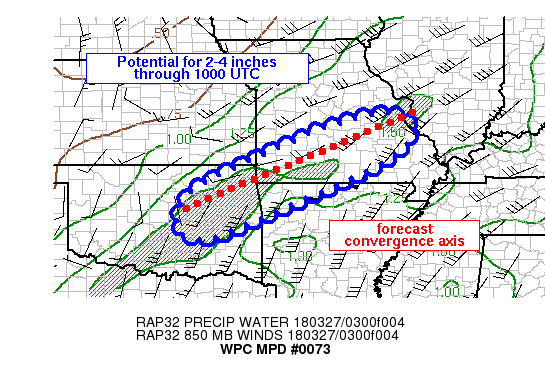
AREAS AFFECTED...NERN OK...NWRN AR...SRN MO

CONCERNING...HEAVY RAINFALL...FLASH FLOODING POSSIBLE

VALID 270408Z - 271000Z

SUMMARY...A SOUTHWEST TO NORTHEAST ORIENTED AXIS OF HEAVY RAINFALL
IS EXPECTED FROM NORTHEASTERN OKLAHOMA INTO NORTHWESTERN ARKANSAS
AND SOUTHERN MISSOURI THROUGH 10Z. RAINFALL RATES OF 1-2 IN/HR AND
6 HOUR TOTALS OF 2-4 INCHES WILL BE POSSIBLE.

DISCUSSION...REGIONAL RADAR BETWEEN 02-04Z SHOWED A CLUSTER OF
THUNDERSTORMS MOVING NORTHEASTWARD THROUGH EASTERN OKLAHOMA. SOME
CELL TRAINING HAS BEEN OBSERVED WITHIN THIS CLUSTER...KINX RADAR
DEPICTING RAIN RATES OF 1-2 IN/HR WEST OF TULSA AND NORTH OF I-40
AS OF 0330Z. THE CELLS WERE LARGELY ELEVATED AND ESTIMATED
INSTABILITY FROM THE SPC MESOANALYSIS PAGE SHOWED MUCAPE WAS LESS
THAN 500 J/KG FROM THE LOWER PLAINS INTO THE OZARKS...BUT
PRECIPITABLE WATER VALUES WERE ANOMALOUSLY HIGH. FOR
EXAMPLE...PRECIPITABLE WATER VALUES FROM THE 00Z KSGF SOUNDING WAS
JUST ABOVE THE CLIMATOLOGICAL DAILY MAX FOR LATE MARCH.

VAD WIND DATA FROM KSRX SHOWED 850 MB WINDS HAVE INCREASED FROM 30
TO 40 KT SINCE 0245Z AND RECENT RAP FORECASTS SHOWED 850 MB WINDS
INCREASING INTO THE 40-55 KT RANGE ALONG THE MISSOURI/ARKANSAS
BORDER BY 07Z. THESE WINDS WILL ALLOW FOR INCREASED CONVERGENCE
ALONG THE 850 MB FRONT...WITH FLOW UNIDIRECTIONAL FROM SOUTHWEST
TO NORTHEAST...PROMOTING TRAINING. WHILE INSTABILITY SHOULD STAY
FAIRLY MINIMAL...PRECIPITABLE WATER VALUES OF 1.3 TO 1.5+ INCHES
SHOULD ALLOW FOR LOCALLY HEAVY RAINFALL RATES OF 1-2 IN/HR WHERE
CELL TRAINING OCCURS. THROUGH 10Z...MAXIMUM RAINFALL OF 2-4 INCHES
IS EXPECTED BETWEEN NORTHEAST OKLAHOMA INTO SOUTHERN
MISSOURI...ALONG WITH POSSIBLE FLASH FLOODING GIVEN THE RUGGED
TERRAIN OF THE OZARKS.